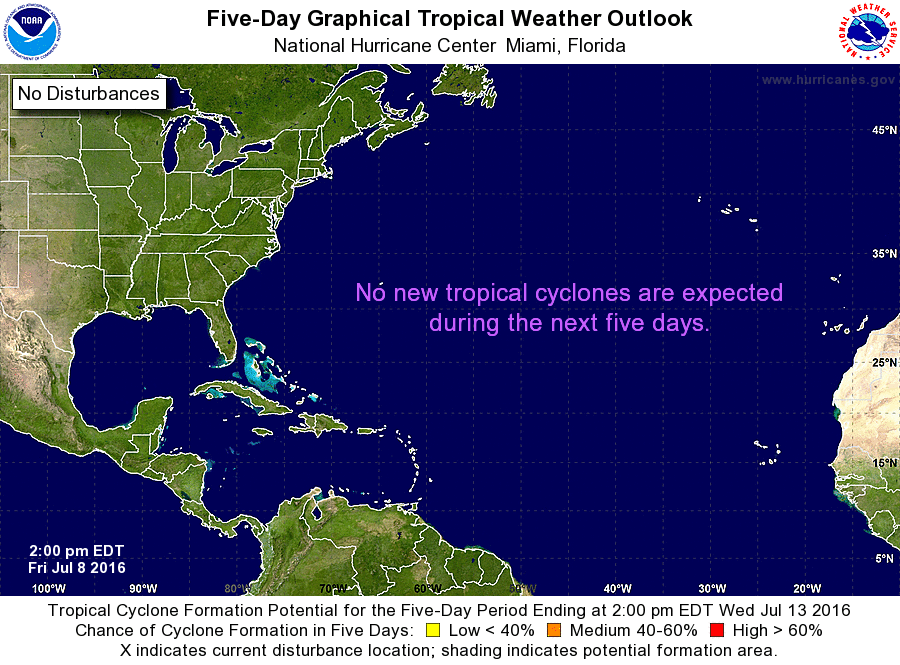
For the North Atlantic...Caribbean Sea and the Gulf of Mexico:

Tropical cyclone formation is not expected during the next 5 days.

Forecaster Beven